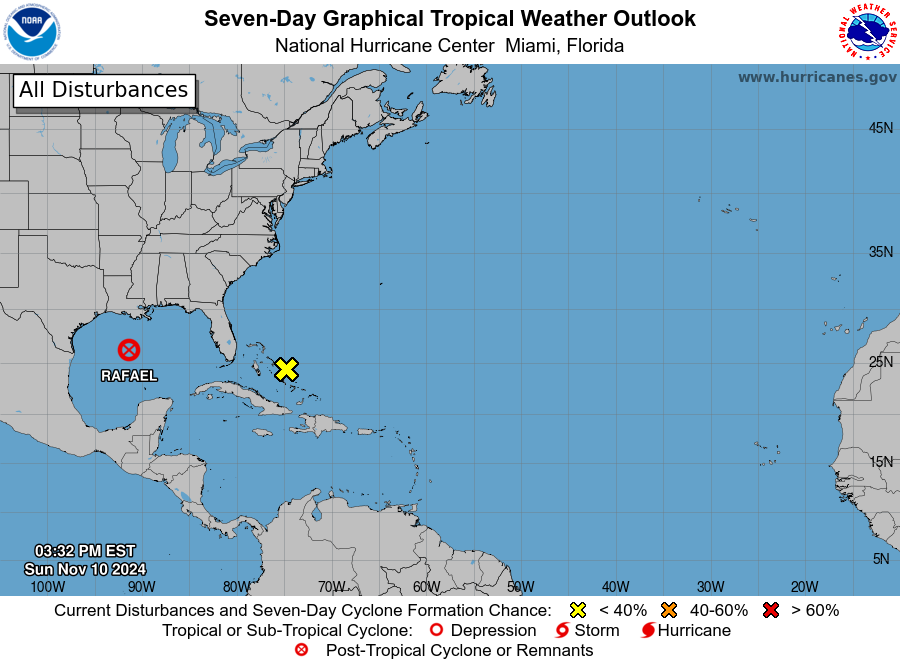
For the North Atlantic...Caribbean Sea and the Gulf of Mexico:

Active Systems: The National Hurricane Center is issuing advisories on Tropical Storm Rafael, located over the central Gulf of Mexico.

1. Near the Bahamas (AL98): Shower activity has diminished near a trough of low pressure located near the central Bahamas. This system is located within an unfavorable environment, and development is not expected. However, locally gusty winds are still possible as the system moves generally westward across the Bahamas through tonight.
* Formation chance through 48 hours...low...near 0 percent.
* Formation chance through 7 days...low...near 0 percent.

Forecaster Hagen